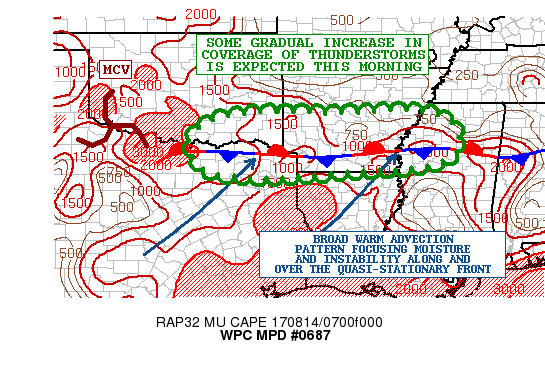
AREAS AFFECTED...SOUTHEAST OK...NORTHEAST TX...CENTRAL/SOUTHERN
AR...NORTHWEST MS

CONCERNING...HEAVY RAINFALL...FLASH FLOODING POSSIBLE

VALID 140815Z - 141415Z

SUMMARY...DEVELOPING SHOWERS AND THUNDERSTORMS WILL TEND TO EXPAND
IN COVERAGE OVER THE NEXT SEVERAL HOURS. SOME REPEATING CELL
ACTIVITY IS EXPECTED AND THIS COUPLED WITH HEAVY RAINFALL RATES
AND WET ANTECEDENT CONDITIONS WILL FOSTER SOME FLASH FLOODING
CONCERNS.

DISCUSSION...THE LATEST RADAR IMAGERY IS SHOWING AN AXIS OF
SHOWERS AND THUNDERSTORMS DEVELOPING ACROSS AREAS OF FAR NORTHEAST
TX...FAR SOUTHEAST OK AND ACROSS SOUTHERN AR. THE CONVECTION IS
DEVELOPING IN RESPONSE TO THE GRADUAL APPROACH OF AN UPSTREAM
SHORTWAVE TROUGH OVER THE SOUTHERN PLAINS AND ALSO THE MCV
ASSOCIATED WITH A WEAKENING MCS OVER AREAS OF SOUTHWEST OK AND
NORTHWEST TX. THE APPROACHING ENERGY IS INCREASING THE WARM AIR
ADVECTION PATTERN DOWNSTREAM OVER THE LOWER MS VALLEY AND GIVEN
THE PROXIMITY OF A QUASI-STATIONARY FRONT AND THE POOLING OF
GREATER INSTABILITY AND MOISTURE ALONG AND OVER THE FRONT IN AN
ELEVATED FASHION...CONVECTION WILL LIKELY TO TEND TO FURTHER
EXPAND IN COVERAGE THIS MORNING.

THE CONVECTION WILL TEND TO BE OCCURRING OVER AREAS WHERE THERE
HAS BEEN RECENT HEAVY RAINFALL...ESPECIALLY IN ANY AREAS INVOLVING
SOUTHEAST OK/NORTHEAST TX AND SOUTHERN AR. THE LATEST HRRRX
GUIDANCE IS SHOWING A FAIR DEGREE OF CONVECTIVE ORGANIZATION IN A
W/E FASHION THROUGH THE EARLY TO MID MORNING HOURS...WITH A RATHER
SOLID SIGNAL FOR REPEATING CELL ACTIVITY.

THE PWATS ARE QUITE HIGH WITH VALUES OF 2.2 TO 2.4 INCHES...AND
THE CIRA-LPW DATA FROM 06Z SHOWS A NARROW STRIPE OF CONCENTRATED
MOISTURE IN THE 500/300 MB LAYER OVER SOUTHERN AR. THIS WILL LEAD
TO EFFICIENT RAINFALL PROCESSES FOR ENHANCED RAINFALL RATES THAT
MAY APPROACH 2.5 INCHES/HR.

THERE IS OVERALL NOT A VERY CONFIDENT SIGNAL FOR WIDESPREAD HEAVY
RAINFALL AMOUNTS...BUT BASED ON THE LATEST SATELLITE AND RADAR
TRENDS...COUPLED WITH THE HRRRX GUIDANCE...IT DOES APPEAR THAT
SOME SOME CONCENTRATED HEAVY RAINFALL WILL OCCUR THIS MORNING WITH
AS MUCH AS 3 TO 5+ INCHES POSSIBLE. THIS WOULD RESULT IN SOME
ADDITIONAL FLASH FLOODING CONCERNS. WILL CONTINUE TO MONITOR.